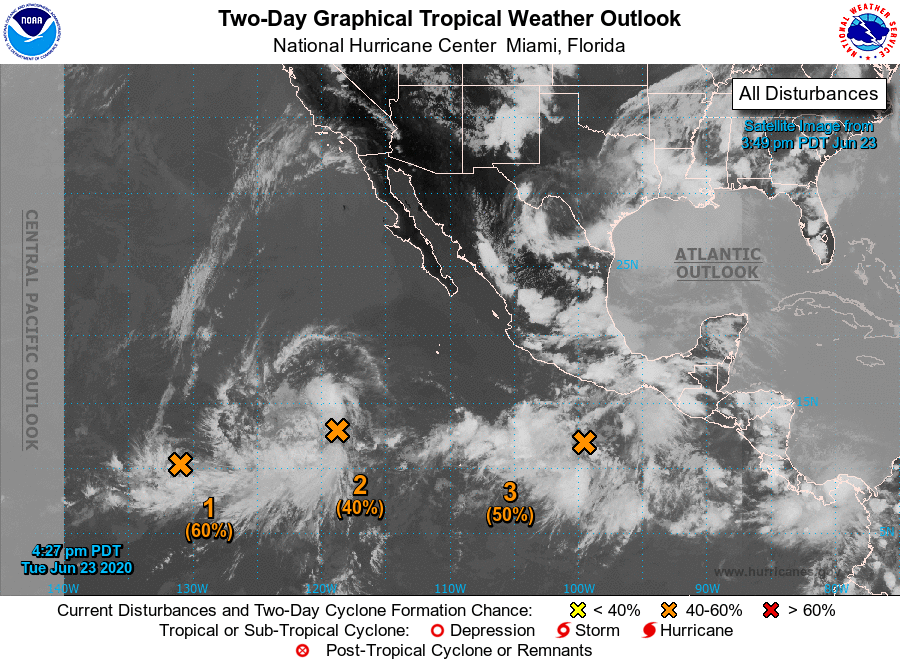
For the eastern North Pacific...east of 140 degrees west longitude:

1. A nearly stationary area of low pressure is located about 1600 miles southwest of the southern tip of the Baja California peninsula. Although this disturbance has a well-defined circulation, it is producing only limited shower activity. Environmental conditions are expected to support the redevelopment of thunderstorms and the system is likely to become a tropical depression during the next few days while it moves slowly westward.
* Formation chance through 48 hours...medium...60 percent.
* Formation chance through 5 days...high...70 percent.

2. An elongated area of low pressure located several hundred miles southwest of the southern tip of the Baja California peninsula continues to produce a wide area of disorganized showers and a few thunderstorms. This system could become a tropical depression during the next day or two before it moves over cooler waters that will inhibit further development.
* Formation chance through 48 hours...medium...40 percent.
* Formation chance through 5 days...medium...40 percent.

3. Disorganized showers and thunderstorms located a few hundred miles south-southwest of the Gulf of Tehuantepec are associated with a tropical wave. Environmental conditions are forecast to be favorable for development, and the system is likely to become a tropical depression in a few days while it moves west-northwestward parallel to the coast of Mexico.
* Formation chance through 48 hours...medium...50 percent.
* Formation chance through 5 days...high...80 percent.

4. Another area of low pressure is forecast to form south of the Gulf of Tehuantepec by late this week. Gradual development of this system will be possible over the weekend as it moves west-northwestward parallel to the coast of Mexico.
* Formation chance through 48 hours...low...near 0 percent.
* Formation chance through 5 days...low...30 percent.

Forecaster Zelinsky